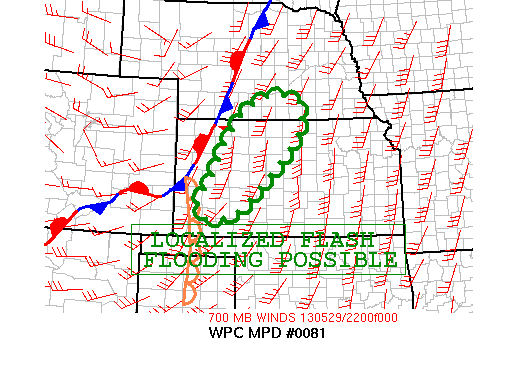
AREAS AFFECTED......SOUTH CENTRAL NE ACROSS NORTH CENTRAL TO
SOUTHWEST KS...

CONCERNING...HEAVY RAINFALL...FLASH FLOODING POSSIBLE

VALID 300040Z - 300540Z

SUMMARY...HIGH RAINFALL RATES AND TRAINING MAY RESULT IN FLASH
FLOODING ACROSS PORTIONS OF SOUTHWEST KS TO SOUTH CENTRAL NEBRASKA
THIS EVENING.

DISCUSSION...RADAR TRENDS CONTINUE TO SHOW A LINEAR BAND OF
SHOWERS AND THUNDERSTORMS
EAST OF A STATIONARY FRONT EXTENDING JUST EAST OF NORTH PLATTE NE
TO 30 NM EAST OF GOODLAND KS.  A SOUTHWARD EXTENSION OF THE BAND
EXISTS IN ADVANCE OF THE DRYLINE IN SOUTHWEST KS.

THE BAND WAS DRIFTING SLOWLY EAST.  LIFT AND FOCUS FOR CONVECTION
HAS BEEN PROVIDED BY AN UPPER DIVERGENCE/LOWER CONVERGENCE COUPLET
DOWNSTREAM FROM THE STRONG UPPER TROUGH OVER COLORADO. THE 18Z NAM
SHOWS A WELL DEFINED 300 MB DIVERGENCE MAXIMA TRAVERSING THE
OUTLOOK AREA OVER THE NEXT SEVERAL HOURS...COMBINED WITH A 700 MB
CONVERGENCE MAXIMA.

LAPSE RATES REMAIN STEEP IN THE AREA AS THE DODGE CITY 00Z
OBSERVED SOUNDING INDICATED 700-500 MB LAPSE RATES OF 8 DEG C/KM.
SOUTHERLY FLOW FROM THE SFC-750 MB INDICATES CONTINUED NORTH
MOVEMENT OF CELLS IS EXPECTED. CORFIDI VECTORS ARE FROM THE
SOUTHWEST TO NORTHEAST 15-20 KT...INDICATING FORWARD PROPAGATION
INTO THE AXIS OF HIGHER DEWPOINTS.  MID 60S DEWPOINTS FROM HAYS
SOUTH TO SOUTH CENTRAL KS AND NORTH CENTRAL OK WILL CONTINUE TO
SUPPLY MOISTURE FOR CONVECTIVE DEVELOPMENT.

THE RAP MODEL AND 18Z CONUS NESTED NAM INDICATES 1-2 INCHES OF
RAIN OVER THE NEXT SEVERAL HOURS AS THE BAND STARTS TO MOVE EAST A
LITTLE FASTER.